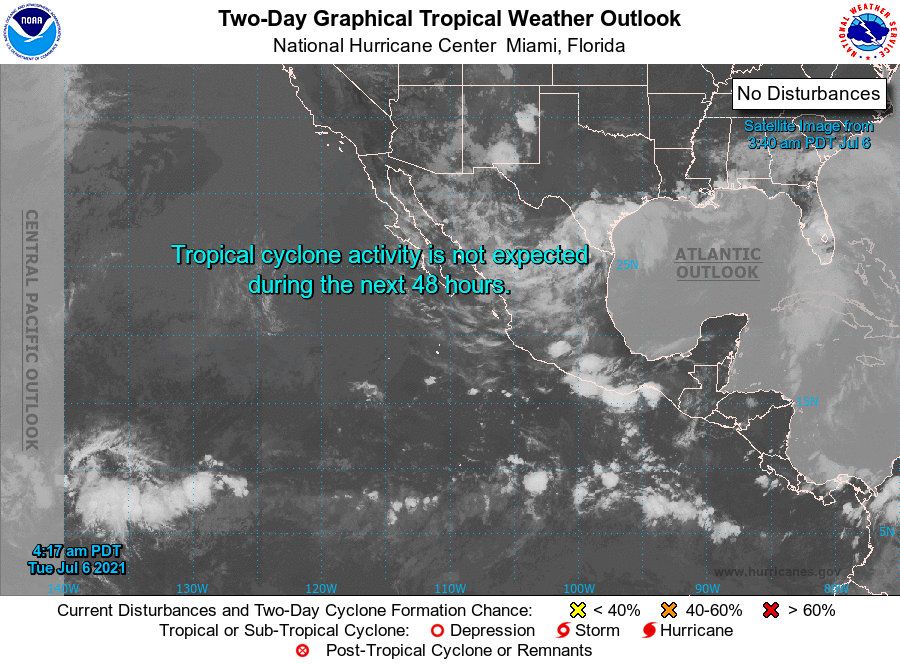
For the eastern North Pacific...east of 140 degrees west longitude:

Tropical cyclone formation is not expected during the next 5 days.

Forecaster Papin/Pasch